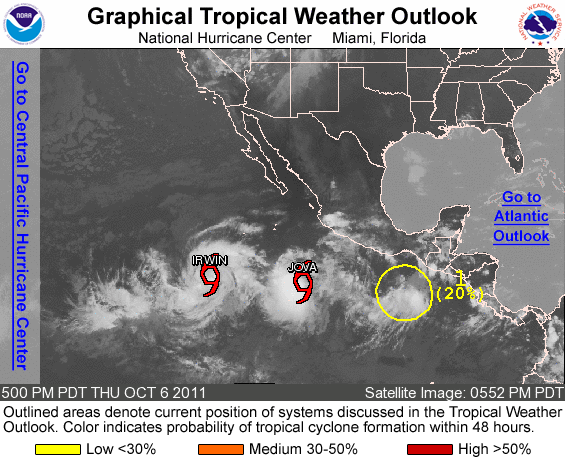
FOR THE EASTERN NORTH PACIFIC...EAST OF 140 DEGREES WEST LONGITUDE..

THE NATIONAL HURRICANE CENTER IS ISSUING ADVISORIES ON RECENTLY-UPGRADED TROPICAL STORM JOVA...LOCATED ABOUT 495 MILES SOUTH-SOUTHWEST OF MANZANILLO MEXICO...AND ON TROPICAL STORM IRWIN...LOCATED ABOUT 875 MILES SOUTHWEST OF THE SOUTHERN TIP OF BAJA CALIFORNIA.

1. AN AREA OF DISTURBED WEATHER HAS FORMED A FEW HUNDRED MILES SOUTH OF THE GULF OF TEHUANTEPEC. SLOW DEVELOPMENT OF THIS SYSTEM IS POSSIBLE OVER THE NEXT COUPLE OF DAYS AS THE SYSTEM DRIFTS WEST-NORTHWESTWARD. THIS SYSTEM HAS A LOW CHANCE...20 PERCENT...OF BECOMING A TROPICAL CYCLONE DURING THE NEXT 48 HOURS.

ELSEWHERE...TROPICAL CYCLONE FORMATION IS NOT EXPECTED DURING THE NEXT 48 HOURS.

PUBLIC ADVISORIES ON TROPICAL STORM JOVA ARE ISSUED UNDER WMO HEADER WTPZ35 KNHC AND UNDER AWIPS HEADER MIATCPEP5. FORECAST/ADVISORIES ARE ISSUED UNDER WMO HEADER WTPZ25 KNHC AND UNDER AWIPS HEADER MIATCMEP5.

PUBLIC ADVISORIES ON TROPICAL STORM IRWIN ARE ISSUED UNDER WMO HEADER WTPZ31 KNHC AND UNDER AWIPS HEADER MIATCPEP1. FORECAST/ADVISORIES ARE ISSUED UNDER WMO HEADER WTPZ21 KNHC AND UNDER AWIPS HEADER MIATCMEP1.

FORECASTER BEVEN